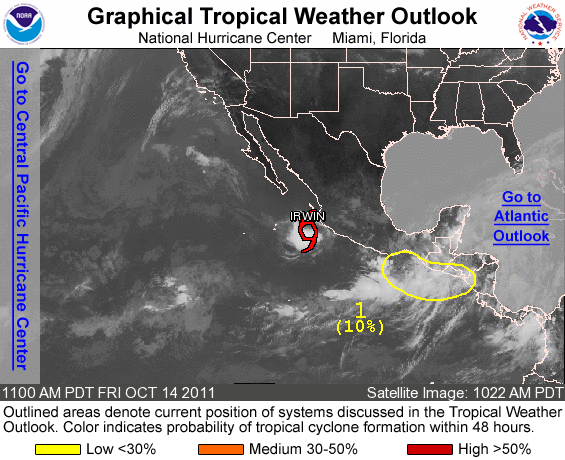
FOR THE EASTERN NORTH PACIFIC...EAST OF 140 DEGREES WEST LONGITUDE..

THE NATIONAL HURRICANE CENTER IS ISSUING ADVISORIES ON TROPICAL STORM IRWIN...LOCATED ABOUT 165 MILES WEST OF MANZANILLO MEXICO.

1. AN ELONGATED TROUGH OF LOW PRESSURE LOCATED OFFSHORE OF THE COAST OF SOUTHEASTERN MEXICO...GUATEMALA...AND EL SALVADOR IS PRODUCING AN AREA OF DISORGANIZED SHOWERS AND THUNDERSTORMS. THIS SYSTEM IS EXPECTED TO MOVE LITTLE DURING THE NEXT COUPLE OF DAYS...AND SOME SLOW DEVELOPMENT IS POSSIBLE IF IT REMAINS OVER WATER. REGARDLESS OF DEVELOPMENT...LOCALLY HEAVY RAINS ARE LIKELY TO CONTINUE OVER PORTIONS OF THE PACIFIC COAST OF SOUTHEASTERN MEXICO AND CENTRAL AMERICA...RESULTING IN LIFE-THREATENING FLASH FLOODS AND MUD SLIDES. THIS SYSTEM HAS A LOW CHANCE...10 PERCENT...OF BECOMING A TROPICAL CYCLONE DURING THE NEXT 48 HOURS.

ELSEWHERE...TROPICAL CYCLONE FORMATION IS NOT EXPECTED DURING THE NEXT 48 HOURS.

FORECASTER ROBERTS/BRENNAN